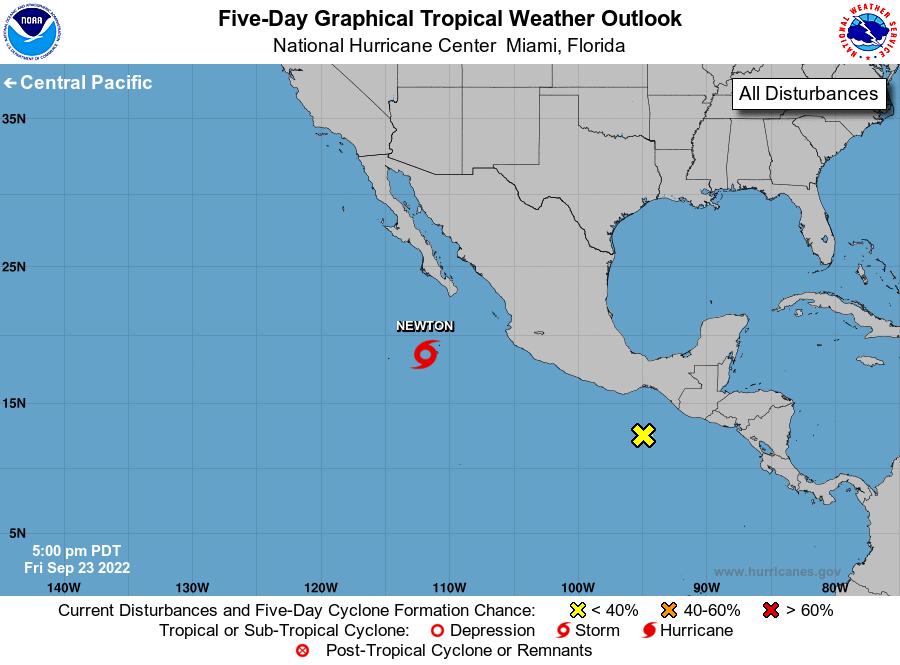
For the eastern North Pacific...east of 140 degrees west longitude:

Active Systems: The National Hurricane Center is issuing advisories on Tropical Storm Newton, located a few hundred miles south-southwest of the southern tip of the Baja California peninsula.

1. South of Southern Mexico: A trough of low pressure located just south of the Gulf of Tehuantepec is producing minimal shower activity. This system is expected to move slowly west-southwestward at about 5 mph, and development is not expected due to strong upper-level winds.
* Formation chance through 48 hours...low...near 0 percent.
* Formation chance through 5 days...low...near 0 percent.

Forecaster Berg